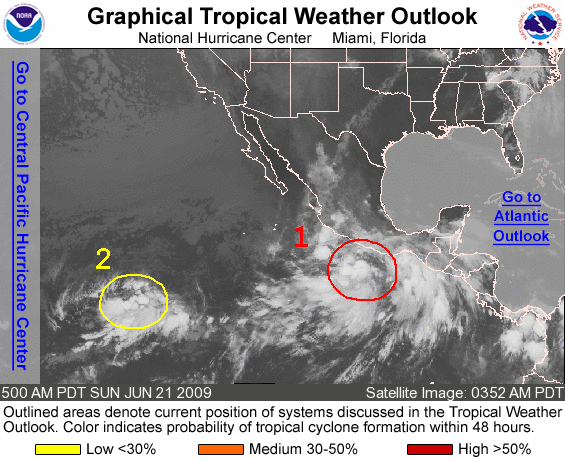
FOR THE EASTERN NORTH PACIFIC...EAST OF 140 DEGREES WEST LONGITUDE..

1. A BROAD AREA OF LOW PRESSURE CENTERED ABOUT 160 MILES SOUTH OF ACAPULCO MEXICO CONTINUES TO PRODUCE SHOWERS AND THUNDERSTORMS THAT EXTEND SOUTH OF THE SOUTHERN COAST OF MEXICO FOR SEVERAL HUNDRED MILES. CONDITIONS APPEAR FAVORABLE FOR DEVELOPMENT...AND A TROPICAL DEPRESSION COULD FORM IN THE NEXT DAY OR SO AS THIS SYSTEM DRIFTS TO THE WEST-NORTHWEST. THERE IS A HIGH CHANCE...GREATER THAN 50 PERCENT...OF THIS SYSTEM BECOMING A TROPICAL CYCLONE DURING THE NEXT 48 HOURS. HEAVY RAINS COULD AFFECT PORTIONS OF THE SOUTHERN COAST OF MEXICO DURING THE NEXT DAY OR TWO...AND INTERESTS IN THIS REGION SHOULD MONITOR THE PROGRESS OF THIS SYSTEM.

2. AN AREA OF LOW PRESSURE LOCATED ABOUT 1600 MILES SOUTHWEST OF THE SOUTHERN TIP OF BAJA CALIFORNIA IS PRODUCING A DISORGANIZED AREA OF SHOWERS AND THUNDERSTORMS. DEVELOPMENT OF THIS SYSTEM...IF ANY... WILL BE SLOW TO OCCUR AS IT MOVES EAST-NORTHEASTWARD AT 5 TO 10 MPH OVER THE NEXT COUPLE OF DAYS. THERE IS A LOW CHANCE...LESS THAN 30 PERCENT...OF THIS SYSTEM BECOMING A TROPICAL CYCLONE DURING THE NEXT 48 HOURS.

ELSEWHERE...TROPICAL CYCLONE FORMATION IS NOT EXPECTED DURING THE NEXT 48 HOURS.

FORECASTER BERG/PASCH